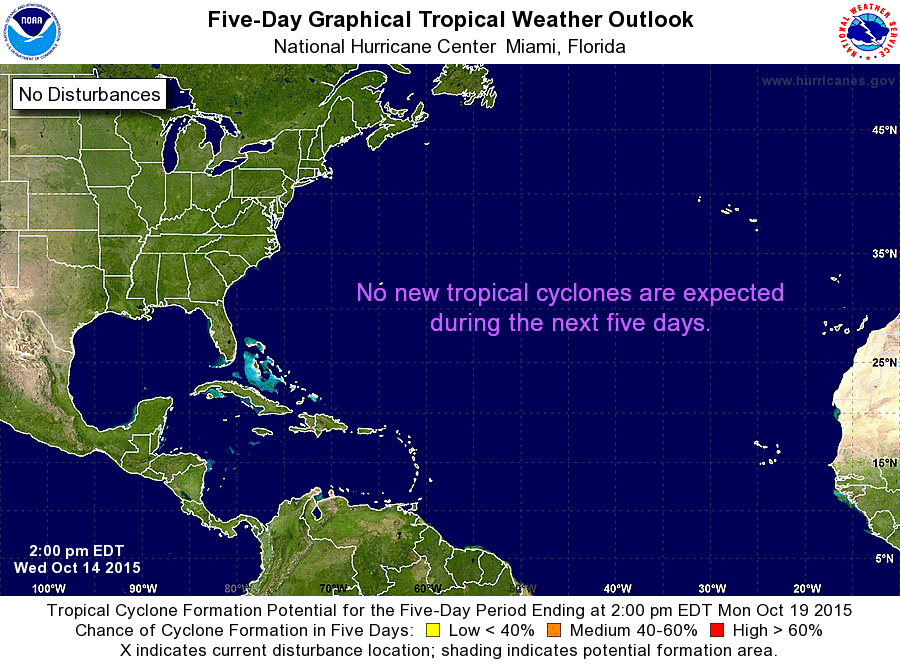
For the North Atlantic...Caribbean Sea and the Gulf of Mexico:

Tropical cyclone formation is not expected during the next 5 days.

Forecaster Brennan